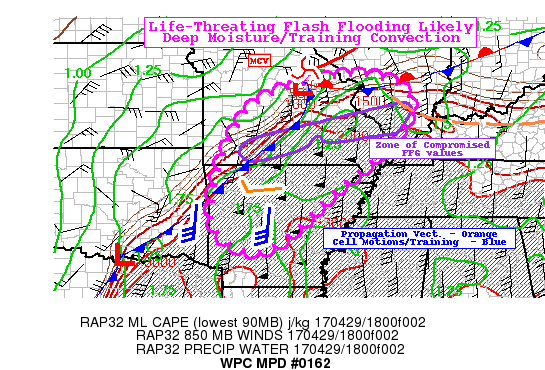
AREAS AFFECTED...NORTHWESTERN AR...SOUTHEASTERN MO...SOUTHERN IL

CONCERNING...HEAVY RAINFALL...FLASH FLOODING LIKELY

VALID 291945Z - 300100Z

SUMMARY...SLOW EASTWARD MARCH OF CONVECTIVE LINE WITH EMBEDDED
CELL MOTIONS NEARLY PARALLEL TO THE LINE ALLOWING FOR TRAINING AND
POTENTIAL FOR LIFE THREATENING FLASH FLOODING.

DISCUSSION...SURFACE ANALYSIS DEPICTS A SURFACE LOW ALONG THE RED
RIVER NEAR I-35 CROSSING WITH THE COLD FRONT EXITING NNE TO A
SURFACE REFLECTION OF BROAD MCV E OF COU IN MO.  CLEAR SKIES IN
ADVANCE OF THIS LINE SUPPORTED BY WEAK UPPER LOW HAS ALLOWED FOR
INCREASE OF INSTABILITY NEAR 3000 MLCAPES WITH DEEP AVAILABLE
MOISTURE WITH SFC TDS IN THE LOW 70S AND TPWS AROUND 1.75".  THIS
COMPOUNDED WITH DEEP SOUTHERLY LOW LEVEL JET IN THE 50-60 KT RANGE
SUPPORTS TREMENDOUS FLUX FOR HIGHLY EFFICIENT RAINFALL PRODUCTION
FOR THE CONVECTION THAT HAS BEEN DEVELOPING WITH HOURLY RATES OF
2-2.25"/HR LIKELY.

DEEP HEIGHT FALLS REMAINING UPSTREAM AND SURFACE WAVE DEEPENING TO
THE SW AND MCV EXITING TOWARD THE NORTHEAST PLACES E CENTRAL/N AR
AND S CENTRAL MO IN A FAVORED ENVIRONMENT FOR VERY SLOW IF ANY
EASTWARD PROPAGATION PER RAP PROG. VECTORS.  THIS ALLOWS THE
CONVECTION THAT HAS BEEN FORMING ALONG PARALLEL INFLOW CU BANDS TO
GROW AND  WITH CELL MOTION VECTORS NEARLY NORTH-SOUTH...SUPPORTING
A TRAINING ENVIRONMENT EVEN WITH LIMITED LARGE SCALE EASTWARD
PROGRESSION OF THE COLD FRONT.   GIVEN THE BREADTH OF THE PARALLEL
LINES (CONGEALING IN PARTS)...RAINFALL TOTALS OVER 5" ARE POSSIBLE
IN COMPLEX TERRAIN OF THE OZARKS LEADING TO LIFE THREATENING FLASH
FLOODING TO OCCUR.

FURTHER NORTH...STRONGER FLOW ALOFT/THICKNESS FIELDS SUPPORT
NORTHEASTWARD LIFTING OF THE MCV AND SLIGHTLY FASTER EASTWARD
ADVANCEMENT OF THE COLD FRONT/SQUALL LINE ACROSS SE MO INTO SW IL
WHICH SHOULD REDUCE DURATION OF HEAVIEST RATES...THOUGH
LARGE/BROAD MCS SHIELD POST-COLD FRONT WILL CONTINUE TO PRODUCE
.5-.75"/HR RATES FOR A FEW HOURS LEADING TO A LONGER
DURATION/INUNDATION FLOODING SETUP TO OCCUR ACROSS CENTRAL MO INTO
SE MO.  FLASH FLOODING WILL REMAIN LIKELY EVEN WITH FASTER HITTING
CONVECTION IN THE LINE FROM CHRISTIAN/TANEY COUNTY MO TO S IL
FRANKLIN/WILLIAMSON COUNTIES WHERE ONGOING FLOODING FROM LAST
NIGHT HAS REDUCED FFG VALUES BELOW .25"/HR